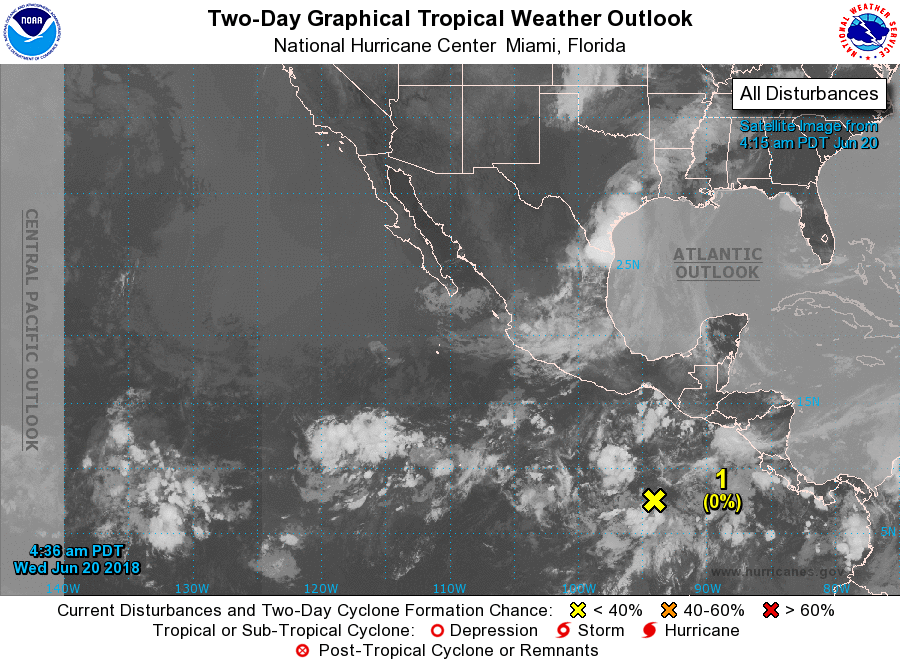
For the eastern North Pacific...east of 140 degrees west longitude:

1. Disorganized showers and thunderstorms located several hundred miles south-southwest of Guatemala are associated with a tropical wave. An area of low pressure is expected to develop from this system over the weekend, or early next week a few of hundred miles south of the southern coast of Mexico. Additional development is possible thereafter while the disturbance moves slowly westward to west-northwestward well offshore the coast of Mexico.
* Formation chance through 48 hours...low...near 0 percent.
* Formation chance through 5 days...low...20 percent.

Forecaster Roberts